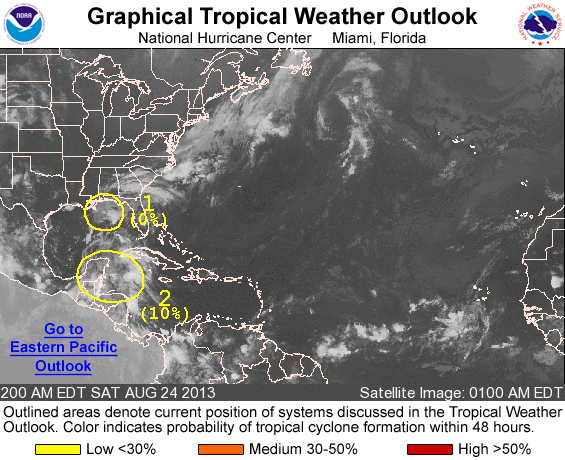
FOR THE NORTH ATLANTIC...CARIBBEAN SEA AND THE GULF OF MEXICO...

1. A TROUGH OF LOW PRESSURE IS PRODUCING LIMITED SHOWER AND THUNDERSTORM ACTIVITY OVER THE NORTHERN GULF OF MEXICO. THERE ARE NO INDICATIONS OF A SURFACE CIRCULATION...AND SIGNIFICANT DEVELOPMENT APPEARS UNLIKELY BEFORE THE TROUGH REACHES THE WESTERN GULF COAST BY SATURDAY NIGHT. THIS SYSTEM HAS A LOW CHANCE...NEAR 0 PERCENT...OF BECOMING A TROPICAL CYCLONE DURING THE NEXT 48 HOURS...AND A LOW CHANCE...NEAR 0 PERCENT...OF BECOMING A TROPICAL CYCLONE DURING THE NEXT 5 DAYS.

2. THE NORTHERN PORTION OF A TROPICAL WAVE IS PRODUCING DISORGANIZED CLOUDINESS...SHOWERS...AND THUNDERSTORMS OVER THE YUCATAN PENINSULA...PORTIONS OF CENTRAL AMERICA...AND THE NORTHWESTERN CARIBBEAN SEA. ALTHOUGH UPPER-LEVEL WINDS APPEAR FAVORABLE WHILE THIS SYSTEM MOVES WESTWARD OVER THE BAY OF CAMPECHE LATE SATURDAY AND SUNDAY...SIGNIFICANT DEVELOPMENT IS UNLIKELY DUE TO PROXIMITY TO LAND. THIS SYSTEM HAS A LOW CHANCE...10 PERCENT...OF BECOMING A TROPICAL CYCLONE DURING THE NEXT 48 HOURS...AND A LOW CHANCE...10 PERCENT...OF BECOMING A TROPICAL CYCLONE DURING THE NEXT 5 DAYS.

FIVE-DAY FORMATION PROBABILITIES ARE EXPERIMENTAL IN 2013. COMMENTS ON THE EXPERIMENTAL FORECASTS CAN BE PROVIDED AT...

HTTP://WWW.NWS.NOAA.GOV/SURVEY/NWS-SURVEY.PHP?CODE=ETWO

FORECASTER BRENNAN